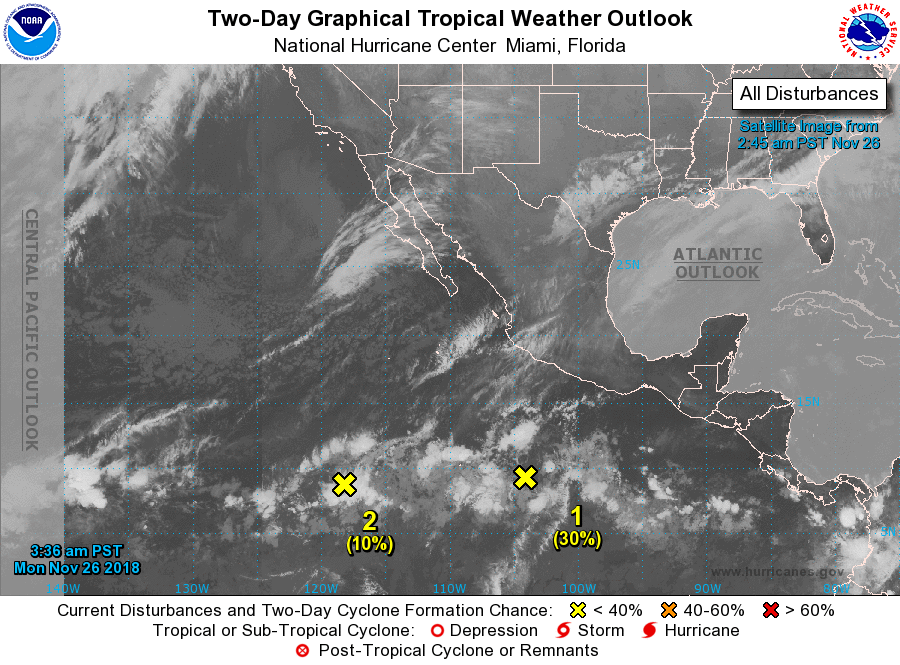
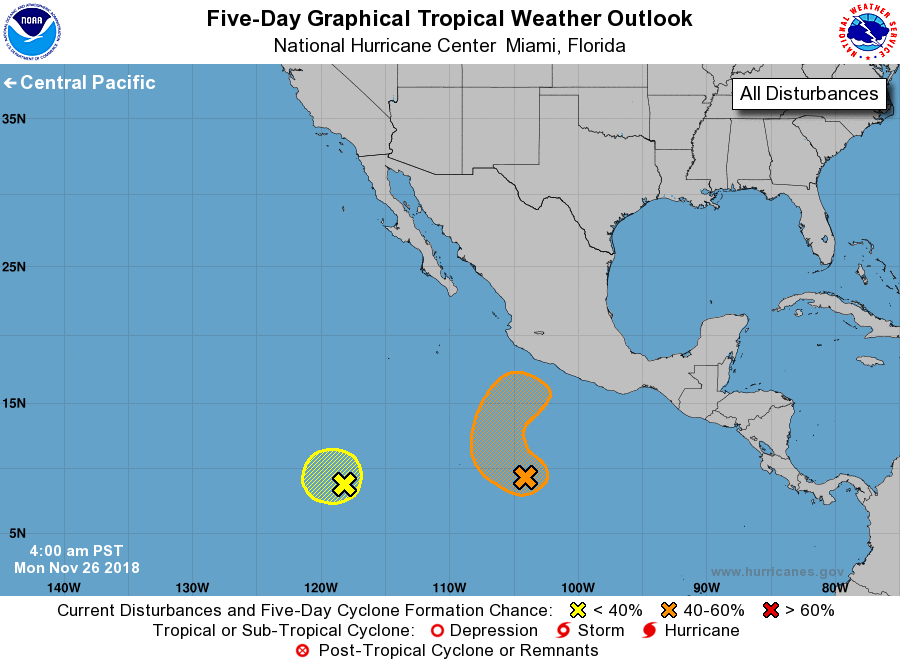
For the eastern North Pacific...east of 140 degrees west longitude:

1. An elongated area of low pressure located several hundred miles south-southwest of Acapulco, Mexico, continues to produce disorganized shower and thunderstorm activity. Environmental conditions are expected to become conducive for some gradual development and a tropical depression could form during the next few days. The disturbance is currently moving slowly westward but is forecast to turn northwestward by Tuesday, and then could turn northward or north-northeastward later this week.
* Formation chance through 48 hours...low...30 percent.
* Formation chance through 5 days...medium...50 percent.

2. Showers and thunderstorms associated with another area of low pressure located nearly 1200 miles south-southwest of the southern tip of the Baja California peninsula have become less organized since yesterday. Strong upper-level winds are expected to prevent significant development of this system during the next couple of days while it remains nearly stationary.
* Formation chance through 48 hours...low...10 percent.
* Formation chance through 5 days...low...10 percent.

Forecaster Zelinsky